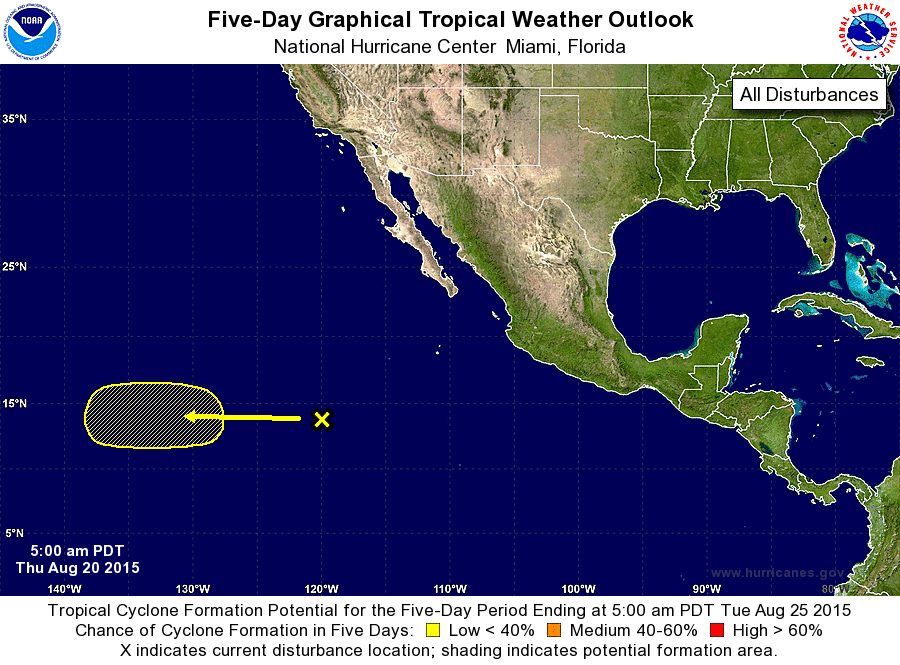
For the eastern North Pacific...east of 140 degrees west longitude:

1. An area of disturbed weather has formed about 950 miles southwest of the southern tip of the Baja California peninsula. Environmental conditions could become favorable for some development by the weekend while the system moves westward at about 10 mph.
* Formation chance through 48 hours...low...near 0 percent
* Formation chance through 5 days...low...30 percent

Forecaster Blake